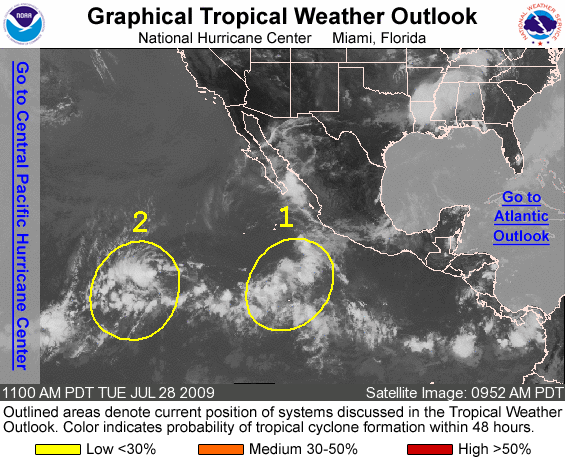
FOR THE EASTERN NORTH PACIFIC...EAST OF 140 DEGREES WEST LONGITUDE..

1. THE SHOWER ACTIVITY EXTENDING FROM THE SOUTHWEST COAST OF MEXICO SOUTH-SOUTHWESTWARD FOR SEVERAL HUNDRED MILES HAS BECOME LESS ORGANIZED SINCE YESTERDAY. THIS ACTIVITY IS EXPECTED TO MOVE TOWARD THE WEST OR WEST-NORTHWEST AT 10 TO 15 MPH AND DEVELOPMENT...IF ANY... SHOULD BE SLOW. THERE IS A LOW CHANCE...LESS THAN 30 PERCENT...OF THIS SYSTEM BECOMING A TROPICAL CYCLONE DURING THE NEXT 48 HOURS.

2. A BROAD AND DISORGANIZED AREA OF DISTURBED WEATHER LOCATED ABOUT 1500 MILES SOUTHWEST OF THE SOUTHERN TIP OF BAJA CALIFORNIA IS MOVING WESTWARD AROUND 10 TO 15 MPH. UPPER-LEVEL WINDS ARE BECOMING LESS FAVORABLE FOR DEVELOPMENT. THERE IS A LOW CHANCE...LESS THAN 30 PERCENT...OF THIS SYSTEM BECOMING A TROPICAL CYCLONE DURING THE NEXT 48 HOURS.

ELSEWHERE...TROPICAL CYCLONE FORMATION IS NOT EXPECTED DURING THE NEXT 48 HOURS.

FORECASTER AVILA